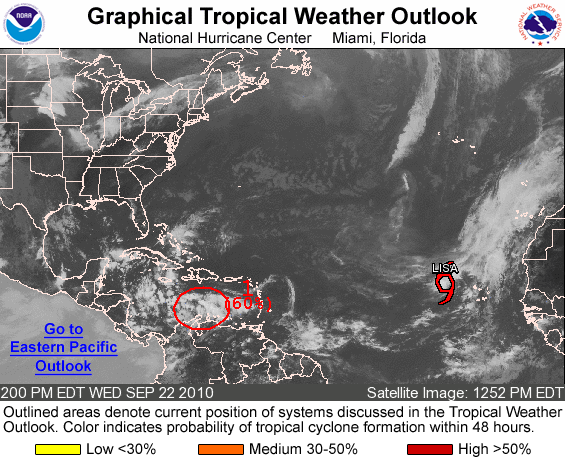
FOR THE NORTH ATLANTIC...CARIBBEAN SEA AND THE GULF OF MEXICO...

THE NATIONAL HURRICANE CENTER IS ISSUING ADVISORIES ON TROPICAL STORM LISA...LOCATED ABOUT 435 MILES WEST OF THE CAPE VERDE ISLANDS.

1. AN AREA OF LOW PRESSURE LOCATED OVER THE SOUTH-CENTRAL CARIBBEAN SEA IS PRODUCING A LARGE BUT DISORGANIZED AREA OF SHOWERS AND THUNDERSTORMS. THERE IS POTENTIAL FOR THIS SYSTEM TO BECOME A TROPICAL DEPRESSION DURING THE NEXT DAY OR TWO AS IT MOVES WESTWARD AT 15 MPH TOWARD THE WESTERN CARIBBEAN. THERE IS A HIGH CHANCE...60 PERCENT...OF THIS SYSTEM BECOMING A TROPICAL CYCLONE DURING THE NEXT 48 HOURS. REGARDLESS OF ADDITIONAL DEVELOPMENT... SHOWERS AND THUNDERSTORMS ARE LIKELY TO CONTINUE OVER THE NETHERLANDS ANTILLES...AND THE NORTHERN COASTS OF WESTERN VENEZUELA AND COLOMBIA THIS AFTERNOON. THIS SYSTEM ALSO HAS THE POTENTIAL TO PRODUCE HEAVY RAINS OVER PORTIONS OF CENTRAL AMERICA IN A COUPLE DAYS.

ELSEWHERE...TROPICAL CYCLONE FORMATION IS NOT EXPECTED DURING THE NEXT 48 HOURS.

FORECASTER BERG